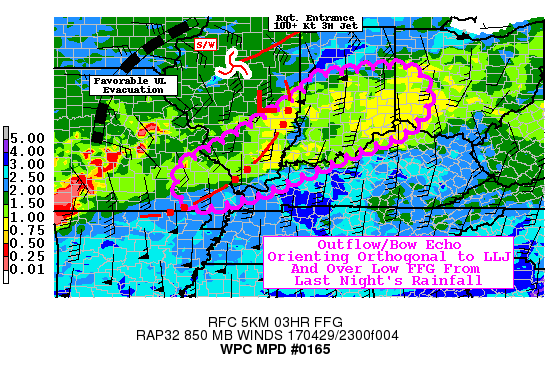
AREAS AFFECTED...SOUTHWEST OH...CENT & S IND...SOUTHERN
IL..SOUTHEAST MO

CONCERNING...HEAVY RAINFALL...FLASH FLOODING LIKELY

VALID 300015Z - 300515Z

SUMMARY...MCS/OUTFLOW BOUNDARY TRACKING THROUGH AREAS OF
COMPROMISED GROUND CONDITIONS COMPOUNDING ONGOING FF CONCERNS
THROUGH THE EARLY EVENING.

DISCUSSION...LARGE MCS COMPLEX TUCKED IN ANTICYCLONIC CURVE OF
SYNOPTIC JET WITH EXCELLENT ORIENTATION TO RIGHT ENTRANCE OF 140
KT JET OVER QUEBEC (OPEN TO 70KT PORTION OF THE JET IN MI).  LONG
LIVED UPSCALE GROWING MCV CONTINUES TO MARCH NORTHEAST ACROSS IL
WITH ASSOCIATED SURFACE REFLECTION SOUTH OF DEC AND E OF MTO.  AS
THE SURFACE WAVE AND ASSOCIATED CONVECTIVE SQUALL LINE ADVANCES
WEAKLY CAPPED MLCAPE OF IN EXCESS OF 2000 J/KG CONTINUES TO FEED
VERY STRONG UPDRAFTS REACHING -75C GIVEN FORWARD PROGRESS/MST
CONVERGENCE AT LEADING EDGE OF THE BOUNDARY LEADING TO SEVERE WX
BUT ALSO HIGHLY EFFICIENT RAINFALL PRODUCTION IN ITS PATH
PRODUCING UP TO 1.0" IN LESS THAN 30 MINUTES FOLLOWED BY MODERATE
MCS SHIELD PRECIPITATION TO FURTHER EXACERBATE ANY FLOODING
CONCERNS.  THIS IS FURTHER COMPOUNDED GIVEN THE GROUND CONDITIONS
ARE SATURATED AND MEDIUM TO LARGER STEM CREEKS/RIVERS ARE
CURRENTLY FLOODING...AND 1HR/3HR FFG VALUES ARE AT OR BELOW 1.0".

FURTHER SOUTHWEST/LATER THIS EVENING... AS THE MCV EXITS...THE
OUTFLOW BOUNDARY/COLD FRONT IS BECOMING INCREASINGLY ORIENTED WEST
TO EAST ACROSS THE AREA OF CONCERN.  THIS PLACES THE ENTIRE LINE
NEARLY ORTHOGONAL TO THE BROAD LOW LEVEL SOUTHERLY RETURN FLOW
FROM THE GULF.  THE LLJ IS STRONGER FURTHER WEST ALONG THE LINE
NEARER THE MO BOOTHEEL WITH 850MB FLOW CURRENTLY 30-40KTS THOUGH
EXPECTED TO INCREASE AFTER SUNSET TO 50KTS...WHILE 25-30KT FLOW
OVER SW OH WILL INCREASE TO 30-35KTS.  AS SUCH THERE IS GREATER
CONFIDENCE FURTHER WEST ACROSS S IL/S IND THAN DOWNSTREAM IN OH
AND BEARS WATCHING THOUGH FFG IS LOW THROUGHOUT WESTERN OH.

GIVEN FAIRLY CLEAR SKIES THE TN VALLEY HAS BEEN BUILDING A WELL OF
INSTABILITY TO WORK WITH AND SHOULD SUPPORT BROAD ISENTROPIC
ASCENT OVER THE OUTFLOW BOUNDARY LEADING TO FAIRLY STATIONARY OR
SLOW PROPAGATION INTO THE REMAINING 1000-1500 J/KG MUCAPE IN THE
LATE EVENING HOURS.  CELL MOTIONS GIVEN THE DEEPER CLOUD BEARING
STEERING FLOW ARE MORE FROM THE SW AND WILL ALLOW FOR CELLS TO
TRACK ENEWARD WITH A TRAINING COMPONENT AS WELL.  TO MAKE MATTERS
WORSE...CURRENT TRENDS PLACE THE OUTFLOW BOUNDARY ALONG THE
TRACK/ZONE OF HVY RAINFALL LAST NIGHT.  WHILE THERE IS SOME HOPE
FOR SOUTHWARD PROPAGATION INTO THE FLOW GREATER ASCENT/FORCING
REMAINS NORTH; PROMOTING  LIFE-THREATENING FLASH FLOODING TO OCCUR
IF WORSE CASE SETUP OCCURS.  EVEN IF THE LINE  BECOMES MORE BROKEN
OR SOUTHWARD DRIFTING...FLASH FLOODING WOULD REMAIN LIKELY DUE TO
THE TRAINING AND LOWER FFG VALUES IN THE VICINITY NORTH OF THE
OHIO RIVER.